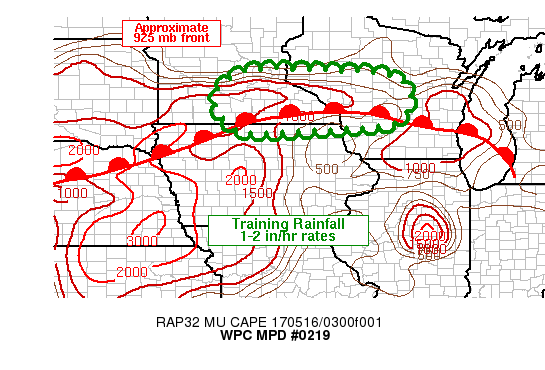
AREAS AFFECTED...SERN MN INTO WRN WI

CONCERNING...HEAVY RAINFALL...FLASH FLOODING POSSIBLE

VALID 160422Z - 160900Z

SUMMARY...TRAINING RAINFALL WITH RATES OF 1-2 IN/HR ARE EXPECTED
TO GENERATE A FLASH FLOOD THREAT FROM SERN MN INTO WRN WI OVER THE
NEXT FEW HOURS.

DISCUSSION...04Z REGIONAL RADAR SHOWED NUMEROUS THUNDERSTORMS OVER
SERN MN...DEVELOPING NEAR A 925 MM WARM FRONT ESTIMATED TO STRETCH
FROM NWRN IA INTO SERN MN AND S-CNTRL WI. THIS ESTIMATE IS BASED
ON 00Z SOUNDINGS FROM MPX AND DVN...WITH MPX SHOWING NORTH OF THE
SURFACE WARM FRONT...CONTAINING WEAK MID-LEVEL LAPSE RATES OF 6.1
C/KM AND LITTLE TO NO INSTABILITY. MEANWHILE 700-500 MB LAPSE
RATES AT DVN WERE 8.2 C/KM AND THE SOUNDING INDICATED OVER 2000
J/KG OF CAPE. WHILE THE ATMOSPHERE OVER NERN IA HAS SINCE
STABILIZED AFTER CONVECTION FROM A FEW HOURS AGO...AMPLE
INSTABILITY REMAINS ACROSS SERN MN AND TO THE SOUTHWEST OF THE
REGION ACROSS WRN IA.

AS A 700 MB SHORTWAVE ANALYZED OVER THE CNTRL HIGH PLAINS AT 00Z
ADVANCES NORTHEASTWARD OVER THE NEXT 3-6 HOURS...LOW-MID LEVEL
MOISTURE WILL ADVECT INTO SRN MN FROM THE SOUTHWEST...ALONG WITH A
SLIGHT INCREASE IN 850-700 MB WIND SPEEDS. THIS WILL ALLOW FOR
UNIDIRECTIONAL FLOW IN THE CLOUD BEARING LAYER FROM THE WSW AND
THE POTENTIAL FOR TRAINING AND REGENERATION OF THUNDERSTORMS
CAPABLE OF 1-2 IN/HR RAINFALL RATES BENEATH MODESTLY DIFFLUENT
FLOW ALOFT. TRENDS WILL HAVE TO BE WATCHED FOR THE POSSIBILITY OF
RENEWED CONVECTION ON THE NORTHEAST SIDE OF AN ADVANCING
CONVECTIVE COMPLEX CURRENTLY PROPAGATING ACROSS E-CNTRL NE AND THE
POTENTIAL FOR THE GAP BETWEEN THE TWO AREAS OF RAINFALL TO FILL IN
TOWARD 09-10Z.